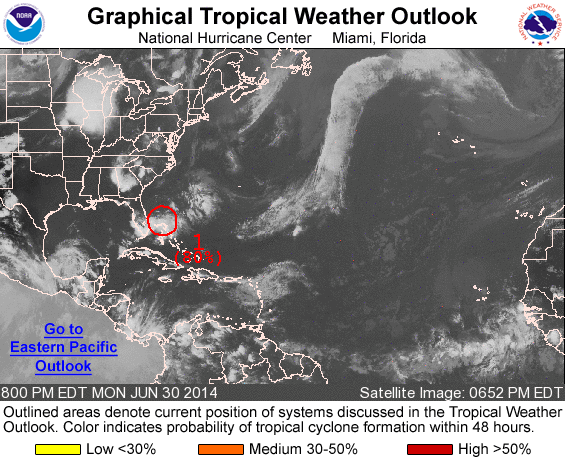
For the North Atlantic...Caribbean Sea and the Gulf of Mexico:

1. Satellite and radar images indicate that showers and thunderstorms associated with the low pressure area located about 90 miles east of Vero Beach, Florida, have changed little in organization during the last few hours. Environmental conditions continue to be favorable for development, and only a slight increase in the organization and persistence of the thunderstorm activity would result in the formation of a tropical depression. The low is moving southwestward at about 5 mph, but is expected to turn westward tonight and northward by Wednesday when it will be near the east coast of Florida. If this system becomes a tropical cyclone, a tropical storm watch could be required for portions of the central or northern Atlantic coast of Florida. A turn toward the northeast near the southeastern U.S. coast is expected by Thursday.
* Formation chance through 48 hours...high...80 percent.
* Formation chance through 5 days...high...80 percent.

Forecaster Brown